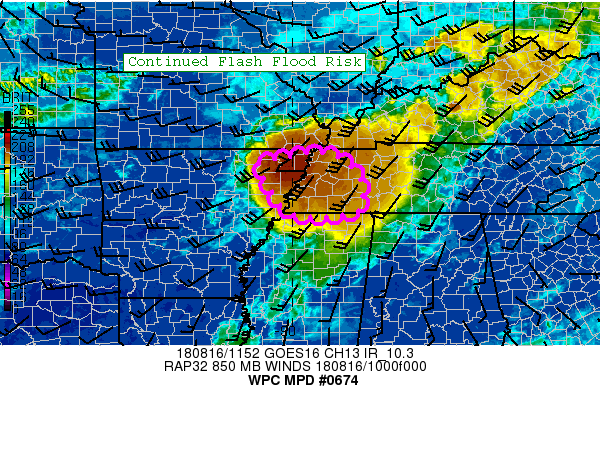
Areas affected...Northeast AR, far southeast MO, western TN

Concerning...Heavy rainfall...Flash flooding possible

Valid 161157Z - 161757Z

Summary...A localized flash flood threat continues through the
morning across across far northeast Arkansas, far southeast
Missouri, and far western Tennessee.

Discussion...Recent radar and IR imagery shows continued
convective development near the border of Arkansas, Missouri, and
Tennessee. This activity is developing just ahead of a shortwave
trough axis visible as mid level drying on WV imagery. Synoptic
ascent ahead of this feature is overlapping confluent 850mb flow
resulting in the maintenance of convective activity. 850mb
moisture transport is quite strong, with ~30kts of southwesterly
850mb flow pointed into the area. This wind is equal to, or even
greater, than the mean layer winds, supportive of continued
backbuilding of convection on the western edge of the activity.

Dual Pol and MRMS estimates as much as 5-7" of rain has fallen
over a narrow portion of far northeast Arkansas. This is
indicative of the type of localized totals the setup has the
potential to produce, and is similar to what occurred on small
scales the past few days across portions of TX,OK,KS,AR. The
overall setup appears to favor a persistence of small scale
training through the morning hours, with the axis shifting a bit
south and east of where it has been earlier this morning. Cloud
tops show continued pulses of cooling, although no large scale
upgrowth is seen. Thus an expansion of the heavier rainfall rates
appears unlikely, but a continuation of the smaller scale
localized intense rates is likely. Recent HRRR runs and the 06z
HREF are in good agreement on some 3"+ additional amounts over
western Tennessee, although both of these models may be a bit too
far northeast with their QPF.

Given that the heaviest rain is moving into areas that have drier
antecedent conditions, and the scale of intense rates is expected
to be small, will keep the MPD category as Possible...with
additional flash flood issues expected to be rather localized in
nature (although still potentially significant on a small scale).